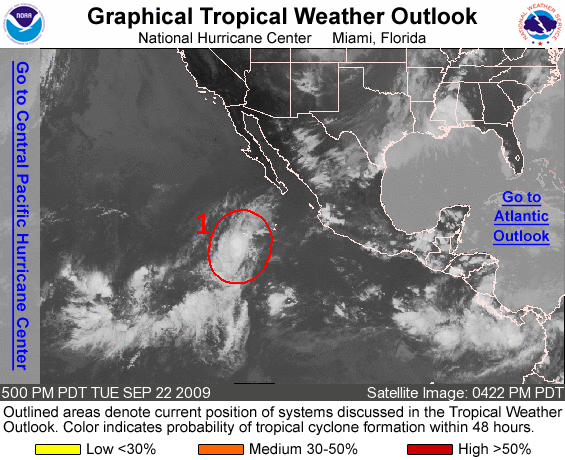
FOR THE EASTERN NORTH PACIFIC...EAST OF 140 DEGREES WEST LONGITUDE..

1. A BROAD AREA OF LOW PRESSURE LOCATED ABOUT 600 MILES SOUTHWEST OF THE SOUTHERN TIP OF BAJA CALIFORNIA IS MOVING NORTHWESTWARD AT ABOUT 10 MPH. SATELLITE PICTURES INDICATE THAT THE LOW IS BECOMING BETTER ORGANIZED...AND A TROPICAL DEPRESSION MAY BE FORMING. IF CURRENT TRENDS CONTINUE...ADVISORIES WOULD BE INITIATED ON THIS SYSTEM LATER THIS EVENING. THERE IS A HIGH CHANCE...GREATER THAN 50 PERCENT...OF THIS SYSTEM BECOMING A TROPICAL CYCLONE DURING THE NEXT 48 HOURS.

ELSEWHERE...TROPICAL CYCLONE FORMATION IS NOT EXPECTED DURING THE NEXT 48 HOURS.

FORECASTER KIMBERLAIN/BROWN